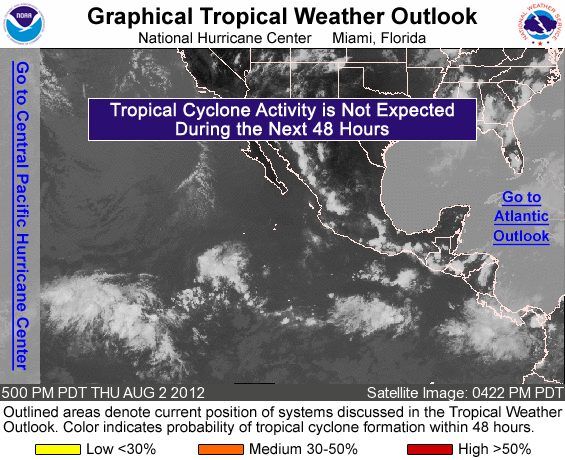
FOR THE EASTERN NORTH PACIFIC...EAST OF 140 DEGREES WEST LONGITUDE..

TROPICAL CYCLONE FORMATION IS NOT EXPECTED DURING THE NEXT 48 HOURS.

FORECASTER STEWART